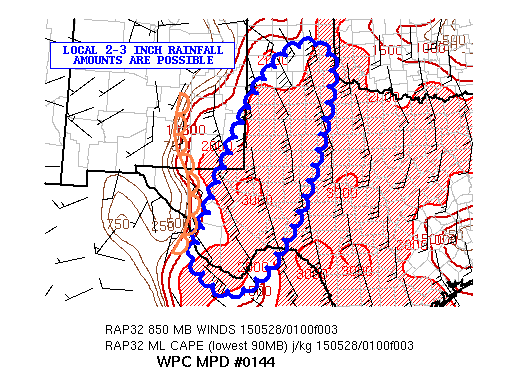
AREAS AFFECTED......NORTHERN TX/WEST TX...

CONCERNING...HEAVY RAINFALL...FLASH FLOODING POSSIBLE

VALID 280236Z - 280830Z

SUMMARY..DEVELOPING CONVECTION WILL TAP INSTABILITY AND MOISTURE
ON A LOW LEVEL JET TO PRODUCE THE THREAT FOR FLASH FLOODING.

DISCUSSION...REGIONAL RADARS SHOWED CONVECTIVE INITIATION
OCCURRING OVER NORTHERN AND WEST TX...MAINLY JUST EAST OF THE DRY
LINE AND INSTABILITY GRADIENT. THE CONVECTION IS DEVELOPING IN AN
AXIS OF 1.25 INCH PRECIPITABLE WATER (PER THE SPC
ANALYSIS)...WHICH IS TRANSPORTED INTO THE REGION ON A LOW LEVEL 25
TO 35 KNOT SOUTHERLY FLOW.

KMAF RADAR SHOWED HOURLY RAINFALL RATES NEAR 2 INCHES (THOUGH THIS
IS PROBABLY HAIL CONTAMINATED) ASSOCIATED WITH CONVECTION FORMING
ON AN AXIS OF MUCAPE RANGING BETWEEN 2500 AND 3500 J/KG. THE
LATEST HRRR SHOWED THE INSTABILITY AXIS REMAINING IN PLACE THROUGH
AT LEAST 08Z...WITH PRECIPITABLE WATER VALUES NEAR 1.25 INCHES.

THE LATEST HRRR SHOWED THE POTENTIAL FOR LOCAL 2-3 INCH RAINFALL
AMOUNTS...WHICH HAS SOME SUPPORT FROM THE LATEST RAP (THOUGH THE
AXIS OF HIGHEST RAINFALL WAS A BIT FURTHER WEST). THE REMAINDER OF
THE HIGH RESOLUTION GUIDANCE WAS NOT AS BULLISH AS THE HRRR. SINCE
THERE IS STILL SOME UNCERTAINTY CONCERNING THE COVERAGE OF
CONVECTION ACROSS THE REGION...FLASH FLOODING IS CONSIDERED
POSSIBLE.